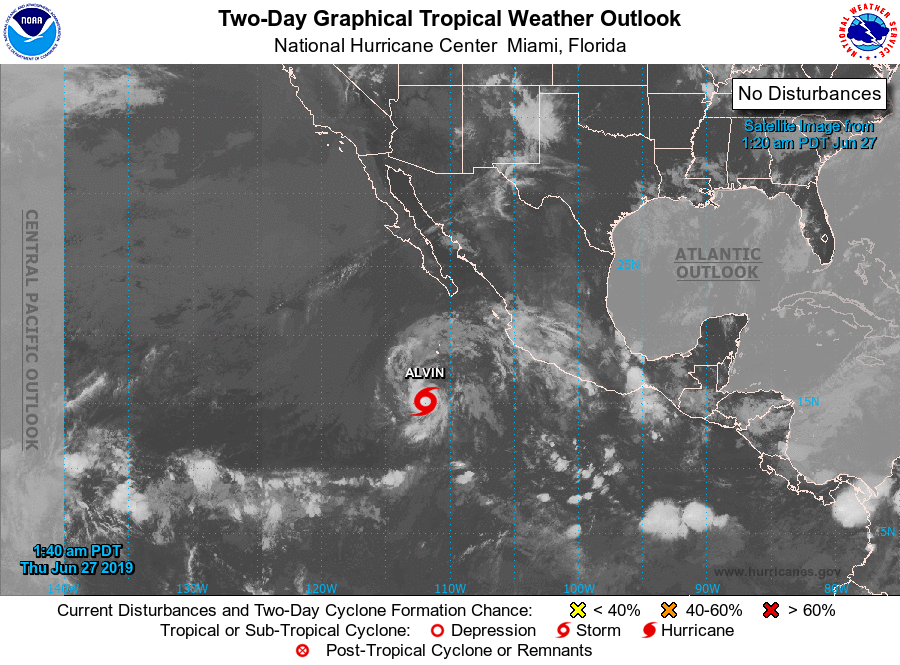
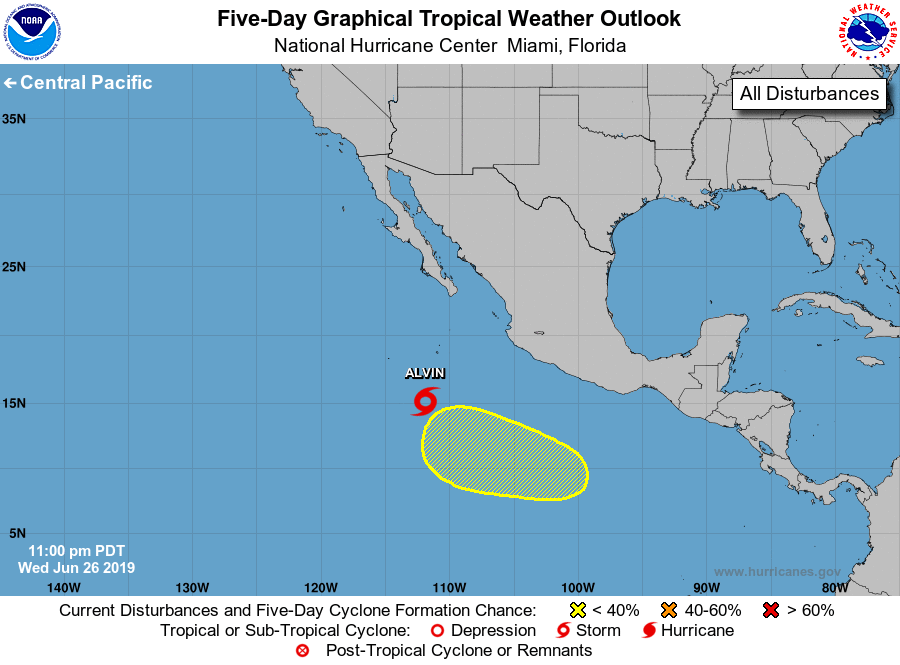
For the eastern North Pacific...east of 140 degrees west longitude:

The National Hurricane Center is issuing advisories on Tropical Storm Alvin, located several hundred miles south of the southern tip of the Baja California peninsula.

1. An area of low pressure is expected to develop in a few days several hundred miles southwest of the southern coast of Mexico. Some slow development of this system is possible over the weekend and into early next week while it moves westward to west-northwestward.
* Formation chance through 48 hours...low...near 0 percent.
* Formation chance through 5 days...low...30 percent.

Forecaster Stewart